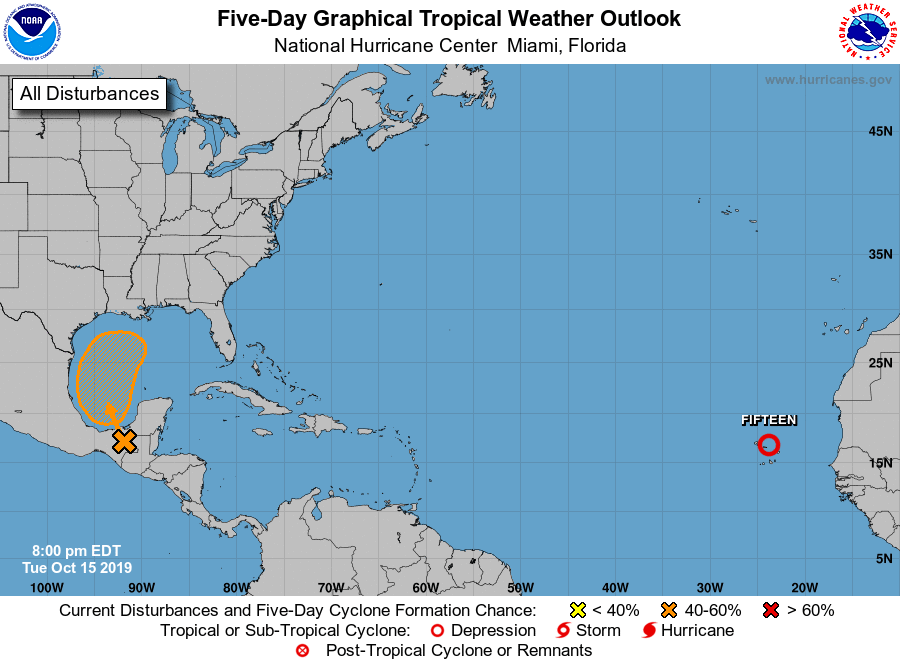
For the North Atlantic...Caribbean Sea and the Gulf of Mexico:

The National Hurricane Center is issuing advisories on Tropical Depression Fifteen, located near the northeastern Cabo Verde Islands.

1. A trough of low pressure located over southern Mexico is producing disorganized showers and thunderstorms over southeastern Mexico, Guatemala, and the Bay of Campeche. This disturbance and another tropical system over the eastern Pacific Ocean are expected to produce heavy rains across portions of southern Mexico and Central America during the next couple of days, which could cause flooding and mudslides, especially in mountainous areas. By late Wednesday, the disturbance is forecast to move over the Bay of Campeche and gradually turn northward. Some gradual development is possible after the disturbance moves over water and a tropical or subtropical cyclone could form later this week over the western Gulf of Mexico.
* Formation chance through 48 hours...low...20 percent.
* Formation chance through 5 days...medium...40 percent.

Forecaster Zelinsky